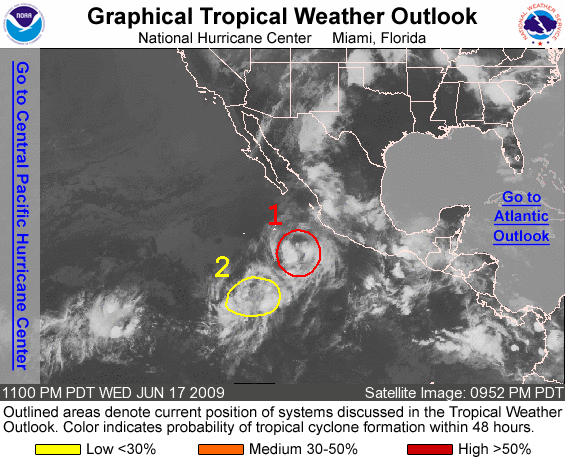
FOR THE EASTERN NORTH PACIFIC...EAST OF 140 DEGREES WEST LONGITUDE..

1. SHOWERS AND THUNDERSTORMS ASSOCIATED WITH AN AREA OF LOW PRESSURE LOCATED ABOUT 275 MILES SOUTHWEST OF MANZANILLO MEXICO CONTINUE TO SHOW SIGNS OF ORGANIZATION. A TROPICAL DEPRESSION COULD FORM IN THE NEXT DAY OR SO AS THE SYSTEM MOVES SLOWLY NORTHWESTWARD TO NORTHWARD. THERE IS A HIGH CHANCE...GREATER THAN 50 PERCENT...OF THIS SYSTEM BECOMING A TROPICAL CYCLONE DURING THE NEXT 48 HOURS. REGARDLESS OF DEVELOPMENT...LOCALLY HEAVY RAINS MAY SPREAD OVER PORTIONS OF SOUTHWESTERN MEXICO DURING THE NEXT DAY OR TWO.

2. AN AREA OF DISTURBED WEATHER IS LOCATED ABOUT 900 MILES SOUTHWEST OF MANZANILLO MEXICO. SLOW DEVELOPMENT OF THIS SYSTEM IS POSSIBLE DURING THE NEXT DAY OR TWO. THERE IS A LOW CHANCE...LESS THAN 30 PERCENT...OF THIS SYSTEM BECOMING A TROPICAL CYCLONE DURING THE NEXT 48 HOURS.

ELSEWHERE...TROPICAL CYCLONE FORMATION IS NOT EXPECTED DURING THE NEXT 48 HOURS.

FORECASTER BEVEN